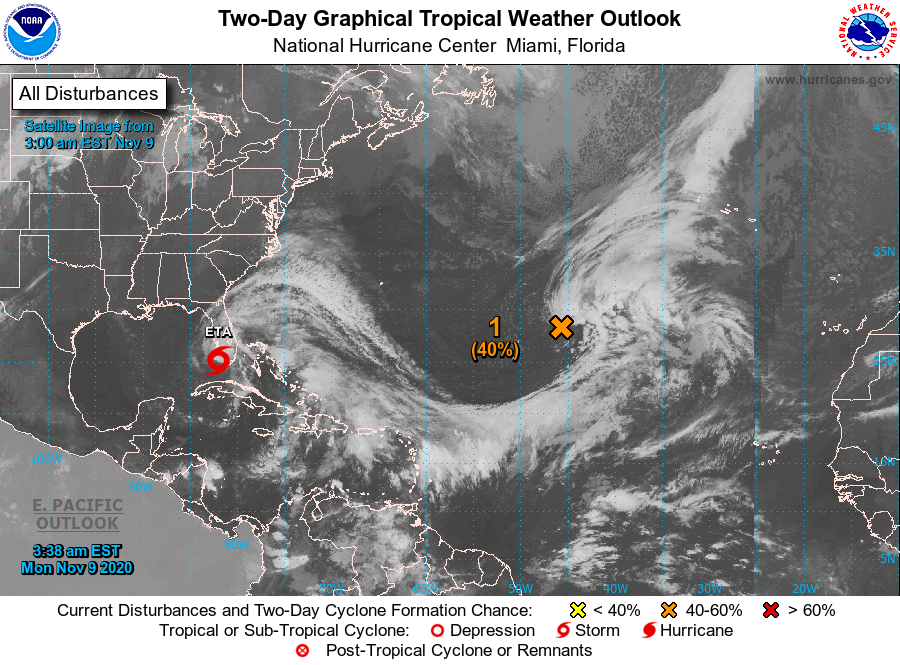
For the North Atlantic...Caribbean Sea and the Gulf of Mexico:

The National Hurricane Center is issuing advisories on Tropical Storm Eta, located near Florida Bay.

1. Shower activity associated with a non-tropical low pressure system located several hundred miles southwest of the Azores is showing some signs of organization. This system will likely gradually acquire subtropical or tropical characteristics this week, and a tropical or subtropical storm could develop within a few days while this system moves eastward or east-northeastward over the northeastern Atlantic Ocean.
* Formation chance through 48 hours...medum...40 percent.
* Formation chance through 5 days...medium...60 percent.

2. A tropical wave is forecast to move over the central Caribbean Sea, where an area of low pressure could form in a couple of days. Environmental conditions are forecast to be conducive for development, and a tropical depression could form late this week or over the weekend while the system moves slowly westward.
* Formation chance through 48 hours...low...near 0 percent.
* Formation chance through 5 days...medium...50 percent.

Additional information on the central Atlanic low pressure area can be found in High Seas Forecasts issued by the National Weather Service...under AWIPS header NFDHSFAT1 and WMO header FZNT01 KWBC.

Forecaster Blake